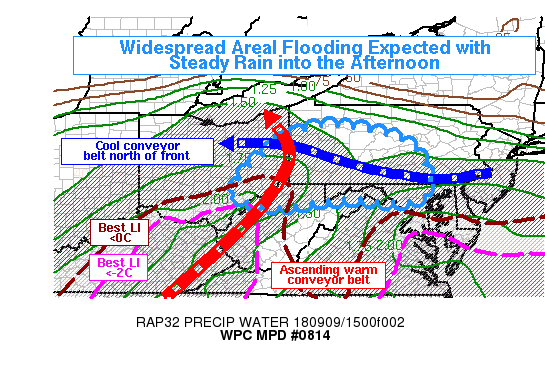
Areas affected...Wrn/Ctrl Pennsylvania, SE Ohio, Nrn West
Virginia, NW Maryland

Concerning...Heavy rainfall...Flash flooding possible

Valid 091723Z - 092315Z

Summary...Steady moderate, to occasionally heavy, rain is expected
into the afternoon across a sizable portion of the Mid-Atlantic
region. Soil moisture content across the region is also quite
high, so flooding should still result from even modest rain rates.
Widespread flooding issues are expected from the gradual
accumulation of rain across the region, with localized flash
flooding possible, particularly from northern West Virginia into
far southwest Pennsylvania.

Discussion...Rain continued to spread over most of the
Mid-Atlantic region at 17Z, with some more enhanced radar
reflectivity streaming into southwest Pennsylvania along the
ascending warm conveyor belt as it lifts north of the surface
front. Precipitable water values across the region will remain
above the 90th percentile for September, and the abundant deep
moisture combined with relatively strong forcing will be a recipe
for widespread rain and areal flooding. Over southern PA, western
MD, and northeastern WV, streamflow was running above the 98th
percentile for numerous streams and rivers, indicative of the
relatively high soil moisture content. Therefore, any additional
rain should sustain or exacerbate existing flooding, and could
lead to increasingly widespread flooding into the afternoon hours.
Rain gauge observations in the vicinity of banded precip in
southwest Pennsylvania have occasionally reported rates in excess
of 0.5 in/hr, well above radar estimates, suggesting that
precipitation efficiency is relatively high. Given the favorable
location relative to the warm conveyor belt this afternoon, and
ongoing rain bands, areal flooding could be particularly
widespread in the terrain of SW PA and in the general vicinity of
Pittsburgh.

Some flash flooding cannot be ruled out, and this would be most
likely from northern West Virginia, into perhaps far southwest
Pennsylvania. The RAP model analysis places a nose of neutral to
negative most-unstable LI values right along the warm conveyor
belt, with the 0C contour right near the southwest tip of
Pennsylvania. Therefore, some convective bands with higher rain
rates close to 1 in/hr cannot be ruled out in those areas.
Additionally, the 0.5 to 0.6 in/hr rain rates being occasionally
observed from the stratiform rain bands near Pittsburgh could
trigger flash flooding in urban areas if sustained for a
sufficiently long period of time.